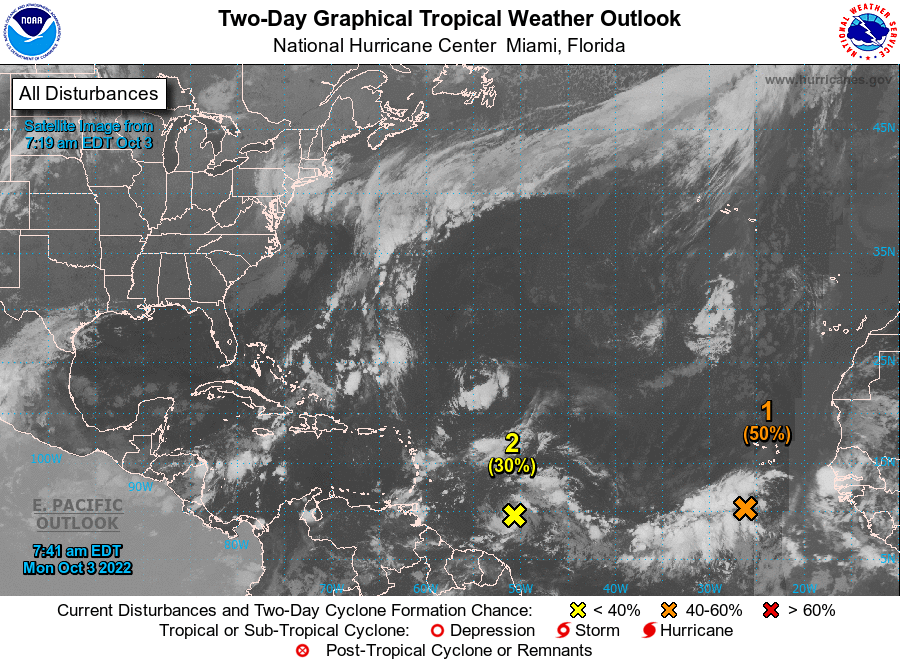
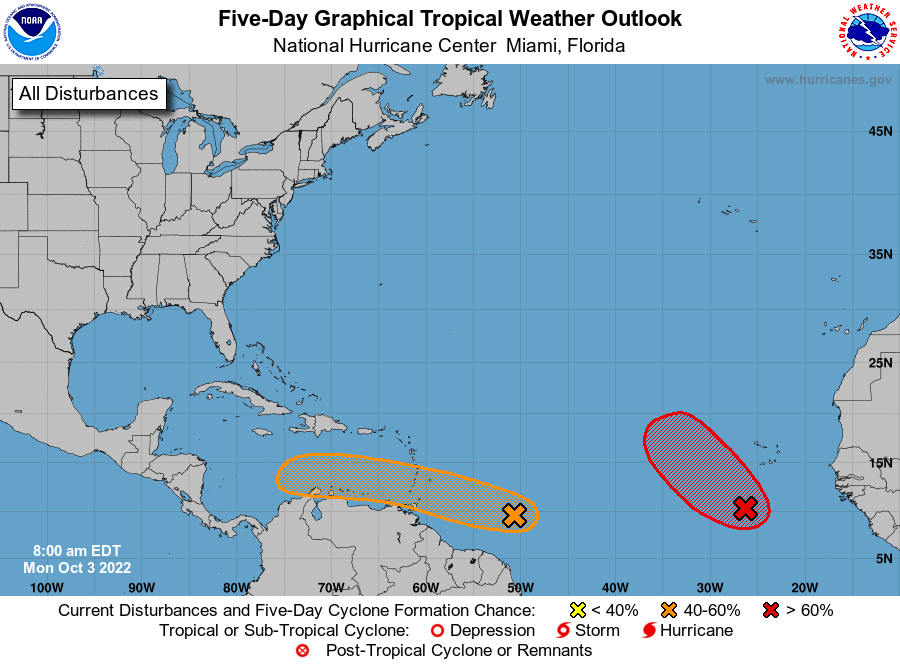
For the North Atlantic...Caribbean Sea and the Gulf of Mexico:

1. Eastern Tropical Atlantic: An elongated area of low pressure located a few hundred miles south-southwest of the Cabo Verde Islands continues to produce disorganized showers and thunderstorms. Environmental conditions are forecast to be favorable for some gradual development, and a tropical depression is likely to form around the middle part of this week. Further development will become less likely by the end of the week due to increasing upper-level winds. The system is forecast to move westward, then turn northwestward or northward by the end of the week over the eastern tropical Atlantic.
* Formation chance through 48 hours...medium...50 percent.
* Formation chance through 5 days...high...70 percent.

2. East of the Windward Islands: Showers and thunderstorms associated with a tropical wave located several hundred miles east of the southern Windward Islands have become slightly better organized since yesterday. Some further development of the wave is possible, and a tropical depression could form within the next few days while it moves generally westward at 15 to 20 mph, reaching the Windward Islands and the eastern Caribbean Sea by midweek. Interests in the Windward Islands should monitor the progress of the system.
* Formation chance through 48 hours...low...30 percent.
* Formation chance through 5 days...medium...40 percent.

Forecaster Hagen/Brown